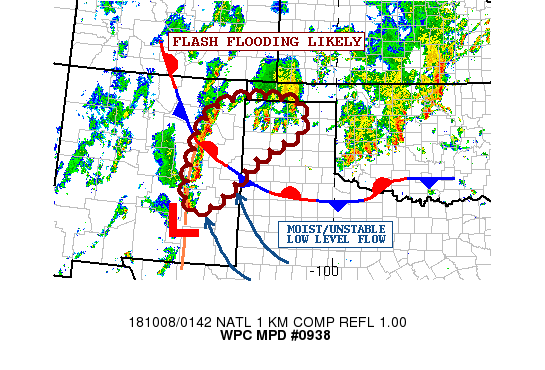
Areas affected...Eastern NM...TX Panhandle

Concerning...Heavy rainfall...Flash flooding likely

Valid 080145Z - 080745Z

Summary...An axis of semi-organized convection will evolve across
far eastern NM while convection persists across areas of the TX
panhandle. Flash flooding will be likely across much of the region
over the next few hours.

Discussion...A strong upper trough over the Southwest U.S. will
continue to edge slowly eastward overnight and will encounter an
increasingly moist/unstable airmass pooling up across west TX and
into far eastern areas of NM with persistent low-level southeast
flow. In fact, the latest RAP analysis shows an axis of moderate
instability with 1500 to 2000 j/kg of MLCAPE focusing along a
lee-side trough over the southern High Plains. Given the presence
of strongly diffluent flow aloft ahead of the upper trough, and
rather strong low-level convergence, the convection should tend to
be rather organized over the next several hours as it expands over
eastern NM and approaches areas of west TX.

Meanwhile, there will be additional convective development in an
elevated fashion across the TX panhandle and to the north of a
quasi-stationary frontal zone. Moist and deep layer southerly flow
over the boundary within the proximity of favorable right-entrance
region jet dynamics should sustain the convective threat across
this region going well past 06Z.

Expect as much as 3 to 4+ inches of additional rain across areas
of the TX panhandle where convection will tend to be repeating in
nature as suggested by the latest hires model consensus.
Meanwhile, 2 to 3+ inches of rain can be expected for areas of
eastern NM ahead of the lee-side trough. Areas of flash flooding
will be likely.